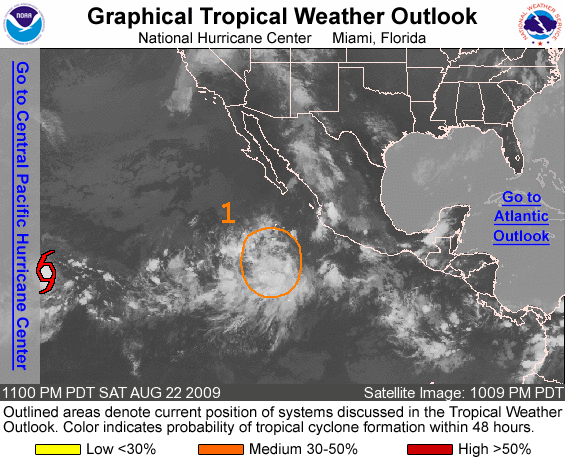
FOR THE EASTERN NORTH PACIFIC...EAST OF 140 DEGREES WEST LONGITUDE..

THE NATIONAL HURRICANE CENTER IS ISSUING ADVISORIES ON TROPICAL STORM HILDA...LOCATED ABOUT 1155 MILES EAST-SOUTHEAST OF HILO HAWAII.

1. A TROPICAL WAVE LOCATED ABOUT 560 MILES SOUTHWEST OF MANZANILLO MEXICO IS PRODUCING A LARGE AREA OF DISORGANIZED SHOWERS AND THUNDERSTORMS. CONDITIONS APPEAR FAVORABLE FOR SLOW DEVELOPMENT OF THIS SYSTEM DURING THE NEXT COUPLE DAYS AS IT MOVES TOWARD THE WEST-NORTHWEST AT 10 TO 15 MPH. THERE IS A MEDIUM CHANCE...30 TO 50 PERCENT...OF THIS SYSTEM BECOMING A TROPICAL CYCLONE DURING THE NEXT 48 HOURS.

ELSEWHERE...TROPICAL CYCLONE FORMATION IS NOT EXPECTED DURING THE NEXT 48 HOURS.

PUBLIC ADVISORIES ON HILDA ARE ISSUED UNDER WMO HEADER WTPZ31 KNHC AND UNDER AWIPS HEADER MIATCPEP1. FORECAST/ADVISORIES ARE ISSUED UNDER WMO HEADER WTPZ21 KNHC AND UNDER AWIPS HEADER MIATCMEP1.

FORECASTER ROBERTS/BROWN